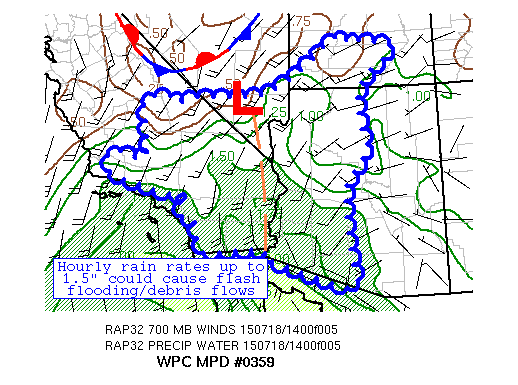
AREAS AFFECTED...PORTIONS OF THE SOUTHWEST U.S.

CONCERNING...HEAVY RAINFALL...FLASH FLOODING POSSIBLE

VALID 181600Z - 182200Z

SUMMARY...THUNDERSTORMS WITH HEAVY RAINFALL ARE EXPECTED TO
INCREASE IN COVERAGE OVER THE NEXT SEVERAL HOURS.  FLASH FLOODING,
WITH ASSOCIATED DEBRIS FLOWS, IS POSSIBLE.

DISCUSSION...MOISTURE IS BEING FUNNELED INTO THE REGION BETWEEN
TROPICAL STORM DOLORES, AN EXPANDING SUBTROPICAL RIDGE ACROSS THE
SOUTHERN ROCKIES, AND A FRONTAL ZONE DRAPED ACROSS CENTRAL NV.
THIS HAS LED TO SCATTERED THUNDERSTORMS DEVELOPING NEAR THE
COASTAL RANGES OF FAR SOUTHERN CA AND INCREASING IN COVERAGE.
RAINFALL RATES HAVE APPROACHED 1" AN HOUR AT RAMONA AIRPORT CA.
PRECIPITABLE WATER VALUES ARE BETWEEN 1-2" PER GPS INFORMATION
ACROSS SOUTHERN CA, SOUTHERNMOST NV, AND THE SOUTHWESTERN HALF OF
AZ WHICH IS 1.5-3 SIGMAS ABOVE THE MEAN FOR MID- JULY.  INFLOW AT
850 & 700 HPA IS STRONGER THAN NORMAL ACROSS THE REGION, AND FOR
THE FIRST TIME IN DAYS, CO-LOCATED WITH THE HIGHER MOISTURE
VALUES.  MIXED LAYER CAPES HAVE BUILT TO 1000-2000 J/KG EAST OF
LAS VEGAS NV AND ACROSS EASTERN RIVERSIDE AND SAN BERNARDINO
COUNTIES IN CA.

RAP FORECASTS INDICATE THAT INSTABILITY EXPANDS ACROSS SOUTHEAST
CA, SOUTHWEST UT, AND THE SOUTHWEST HALF OF AZ DUE TO DAYTIME
HEATING AND CIN BECOME ELIMINATED BY 17Z.  THE 06Z SSEO
NEIGHBORHOOD PROBABILITIES SUGGEST CONVECTION SHOULD RAMP UP IN
INTENSITY AND COVERAGE BEYOND 19Z.  THERE HAS BEEN AN EXPANSION OF
MID- TO UPPER-LEVEL CLOUDINESS ACROSS PORTIONS OF EASTERN AZ IN AN
AREA WITH MINIMAL CLOUD BASE INFLOW, WHICH COULD HAMPER A BROADER
FLASH FLOOD THREAT ACROSS SOUTHEAST AZ.  ELSEWHERE, THE STRONGEST
700 HPA INFLOW IS EXPECTED MAINLY WEST AND NORTH OF THE AZ/CA
BORDER, WHILE 850 HPA INFLOW IS STRONGEST IN SOUTHERNMOST NV AND
SOUTHWEST AZ TOWARDS 22Z.  THE DEGREE OF INFLOW EXPECTED -- 20-25
KTS -- IS CLOSE TO THE MAGNITUDE OF THE MEAN 850-400 HPA WIND
WHICH SHOULD LEAD TO PRECIPITATION EFFICIENCY.  THE FLOW IS NEARLY
UNIDIRECTIONAL OUT OF THE SOUTHWEST, WHICH RAISES THE SPECTER FOR
TRAINING CONVECTION THIS AFTERNOON AS STORM MOTIONS TO THE
NORTHEAST AT 20-25 KTS ARE EXPECTED INDICATED BY THE MEAN WIND AND
FORWARD PROPAGATING CONVECTIVE VECTORS.  HOURLY RAINFALL RATES IN
TRAINING CONVECTION COULD REACH 1.5".  THE MESOSCALE QPF GUIDANCE
DEPICTS LOCALIZED MAXIMA OF 1.5-2", WHICH COULD FALL QUICKLY AND
LEAD TO FLASH FLOODING/DEBRIS FLOWS IN MOUNTAINOUS AND DESERT
LOCALES.